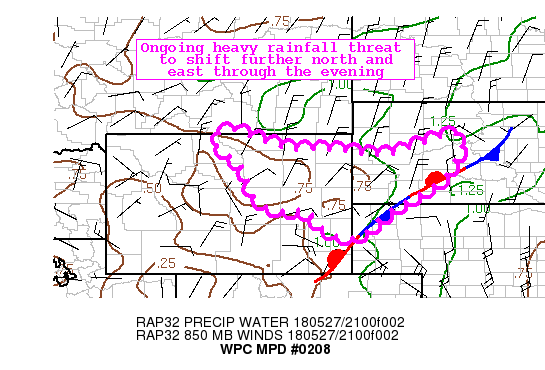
AREAS AFFECTED...ERN WYOMING ...WRN SOUTH DAKOTA...FAR NWRN
NEBRASKA

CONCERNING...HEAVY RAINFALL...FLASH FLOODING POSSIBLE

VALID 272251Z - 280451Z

SUMMARY...A DEEPENING MOISTURE POOL ALONG AN AXIS OF STRONG LOW
LEVEL CONVERGENCE AND UPSLOPE FLOW IS EXPECTED TO SUPPORT
DEVELOPING CONVECTION, WITH HEAVY AMOUNTS POSSIBLE.

DISCUSSION...AN AREA OF STRONG LOW LEVEL CONVERGENCE NEAR THE
INTERSECTION OF AN AMPLIFYING SOUTHERLY LOW LEVEL JET AND A
NORTHEAST-SOUTHWEST ORIENTED BOUNDARY EXTENDING FROM THE DAKOTAS
BACK INTO THE CENTRAL ROCKIES IS EXPECTED TO PROVIDE THE FOCUS FOR
DEEPENING MOISTURE AND DEVELOPING CONVECTION THIS EVENING INTO THE
OVERNIGHT HOURS.  WITH ANOMALOUS MOISTURE ALREADY IN PLACE,
ANOMALIES ARE EXPECTED TO INCREASE FURTHER AS SOUTHERLY LOW LEVEL
WINDS AMPLIFY OVER THE CENTRAL HIGH PLAINS THIS EVENING.  ALSO
STRENGTHENING NORTHEASTERLY WINDS NORTH OF THE FRONT WILL HELP
FURTHER FORTIFY PWS ACROSS THE REGION.  THE GFS SHOWS PWS
ANOMALIES INCREASING TO 2-3 STANDARD DEVIATIONS ABOVE NORMAL
ACROSS MUCH OF CENTRAL/EASTERN WYOMING INTO WESTERN SOUTH DAKOTA
OVERNIGHT.  MEANWHILE A CLOSED LOW REMAINS CENTERED OVER THE GREAT
BASIN, WITH A SERIES OF SHORTWAVES LIFTING AHEAD OF THE LOW
PROVIDING LARGER SCALE LIFT.  AS THE EVENING PROGRESSES, ONGOING
CONVECTION ACROSS WYOMING IS EXPECTED TO CONTINUE TO SHIFTING
NORTHEAST, WITH THE AMPLIFYING NORTHEASTERLY UPSLOPE FLOW NORTH OF
THE BOUNDARY HELPING TO ANCHOR CONVECTION ACROSS NORTHEAST WYOMING
INTO THE BIGHORNS FOR A PERIOD.  MEANWHILE, EXPECT CONVECTION TO
BEGIN SPREADING FURTHER EAST ALONG AND NORTH OF THE AFOREMENTIONED
BOUNDARY INTO THE NORTHEASTERN NEBSRASKA PANHANDLE AND WESTERN
SOUTH DAKOTA, INCLUDING THE BLACK HILLS.  THROUGH 06Z MON, LATEST
RUNS OF THE OPERATIONAL AND EXPERIMENTAL HRRR SHOWING HEAVIEST
AMOUNTS (1-2 INCHES/6 HR) CENTERING FROM EASTERN WYOMING NEAR THE
SOUTHERN POWDER RIVER COUNTRY BACK INTO THE BIG HORNS.  THE HREF
ALSO SHOWS SIGNIFICANT NEIGHBORHOOD PROBABILITIES (50 PERCENT OR
GREATER) FOR ACCUMULATIONS OF 2 INCHES OR MORE ACROSS THIS REGION.
 GIVEN THE WET ANTECEDENT CONDITIONS, THESE AMOUNTS ARE LIKELY TO
CAUSE SHORT-TERM RUNOFF CONCERNS.